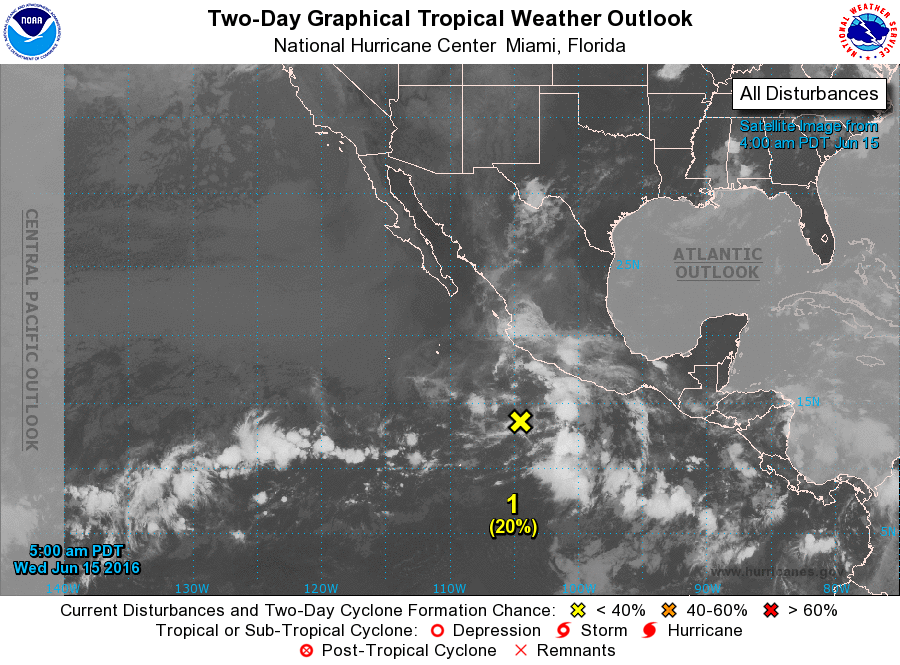
For the eastern North Pacific...east of 140 degrees west longitude:

1. Showers and thunderstorms associated with a broad area of low pressure located several hundred miles south of Manzanillo, Mexico, remain disorganized. Environmental conditions appear to be conducive for some slow development of this system, and a tropical depression could form later this week while the disturbance moves west-northwestward at around 10 mph.
* Formation chance through 48 hours...low...20 percent
* Formation chance through 5 days...medium...50 percent

Forecaster Pasch